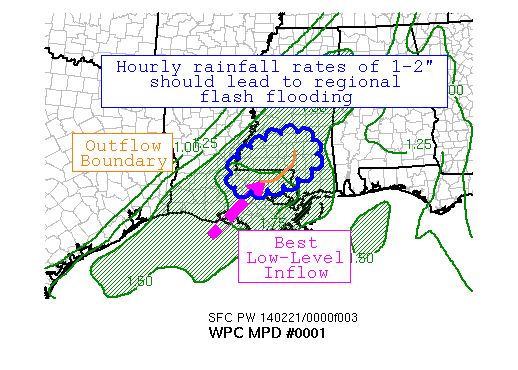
AREAS AFFECTED...PORTIONS OF SOUTHEAST LA AND SOUTHERN MS

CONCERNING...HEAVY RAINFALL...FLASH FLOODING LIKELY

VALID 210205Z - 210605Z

SUMMARY...A LARGE CLUSTER OF THUNDERSTORMS IS BEGINNING TO TRAIN
ALONG AND NORTHEAST OF AN OUTFLOW BOUNDARY JUST SOUTH OF THE LA/MS
BORDER.  HIGH PRECIPITATION EFFICIENCY AND MINIMAL PROPAGATION
OVER THE NEXT FEW HOURS SHOULD LEAD TO FLASH FLOODING.

DISCUSSION...PRECIPITABLE WATER VALUES OF AROUND 1.75 INCHES -- IN
THE 99TH PERCENTILE FOR MID TO LATE FEBRUARY -- EXIST WITHIN A
REGION AHEAD OF A COLD FRONT.  THE MOISTURE AVAILABILITY IS
LEADING TO PRECIPITATION EFFICIENCY NEAR THE LA/MS BORDER, WITH
HOURLY RAINFALL RATES OF 2-3" REPORTED BY THE SLIDELL LA WSR-88D.
IT IS POSSIBLE THAT HAIL IS INFLATING RADAR ESTIMATES, SO THE BEST
GUESS IS THAT RAINFALL RATES OF 1-2" PER HOUR ARE OCCURRING.
DIVERGENCE ALOFT IS EXCELLENT IN A SPLIT BETWEEN THE POLAR AND
SUBTROPICAL H2 JETS.  EARLIER CONVECTION HAVE LEFT WHAT APPEARS TO
BE AN OUTFLOW BOUNDARY SOUTH OF THE EAST-WEST PORTION OF THE MS/LA
BORDER.  THE 01Z RAP INDICATES INFLOW AT 850 HPA INCREASES TOWARDS
50 KTS OVER THE NEXT COUPLE HOURS, BRINGING LOW-LEVEL SHEAR TO
35-40 KTS AND COULD LEAD TO BACKBUILDING AND SOME SLIGHT SOUTHWARD
PROPAGATION TO THE OUTFLOW BOUNDARY.  CORFIDI VECTORS BASED ON THE
18Z GFS IMPLY MINIMAL MOVEMENT TO THE ORGANIZED CONVECTIVE
ACTIVITY.  CAPE VALUES ARE EXPECTED TO REMAIN IN THE 1000-1500
J/KG RANGE PER THE 12Z ARW FOR THE NEXT SEVERAL HOURS.  THIS
COMBINATION OF INDICES IS FAVORABLE FOR WET MULTICELLS.  WITH NEW
ACTIVITY MOVING IN FROM THE ATCHAFALAYA SWAMP AND ANOTHER BATCH OF
THUNDERSTORMS MOVING INTO SOUTHWEST LA, BELIEVE THE REGION SHOULD
SEE REGIONAL FLASH FLOODING THROUGH 06Z.